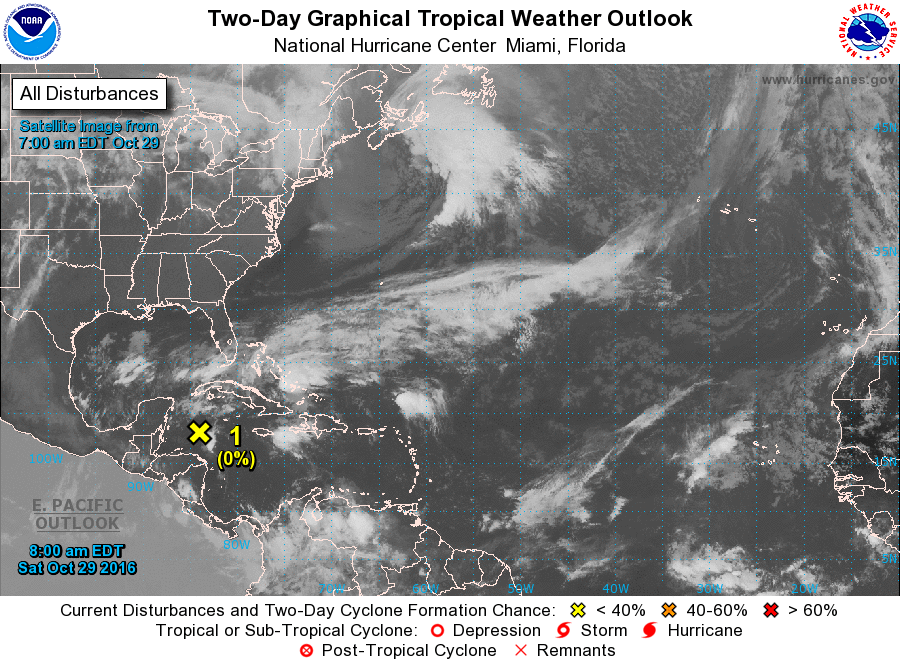
For the North Atlantic...Caribbean Sea and the Gulf of Mexico:

1. Showers and thunderstorms associated with the broad low pressure area over the northwestern Caribbean Sea have diminished.
* Formation chance through 48 hours...low...near 0 percent
* Formation chance through 5 days...low...near 0 percent

Forecaster Beven